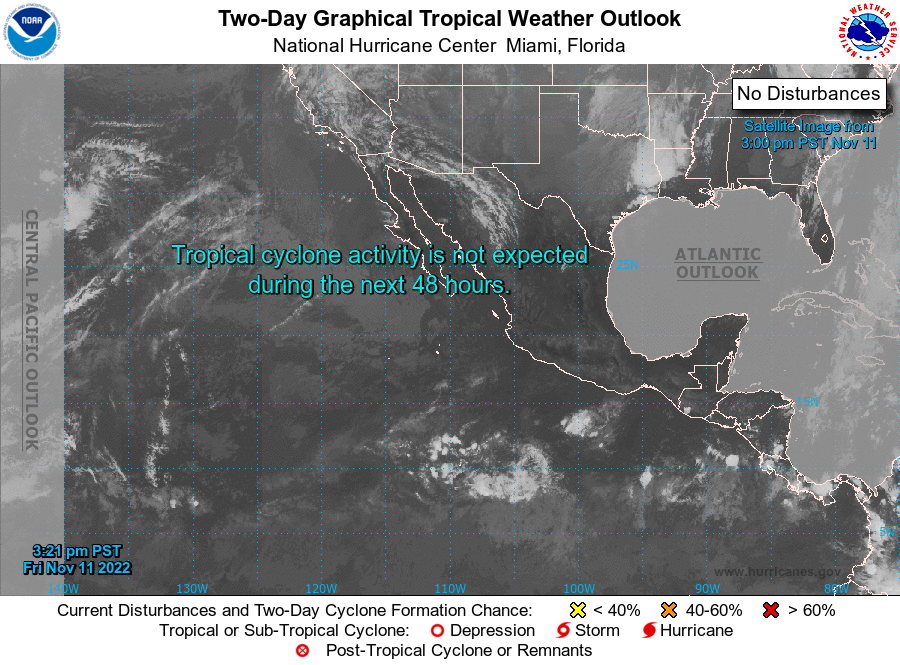
For the eastern North Pacific...east of 140 degrees west longitude:

Tropical cyclone formation is not expected during the next 5 days.

Forecaster Blake